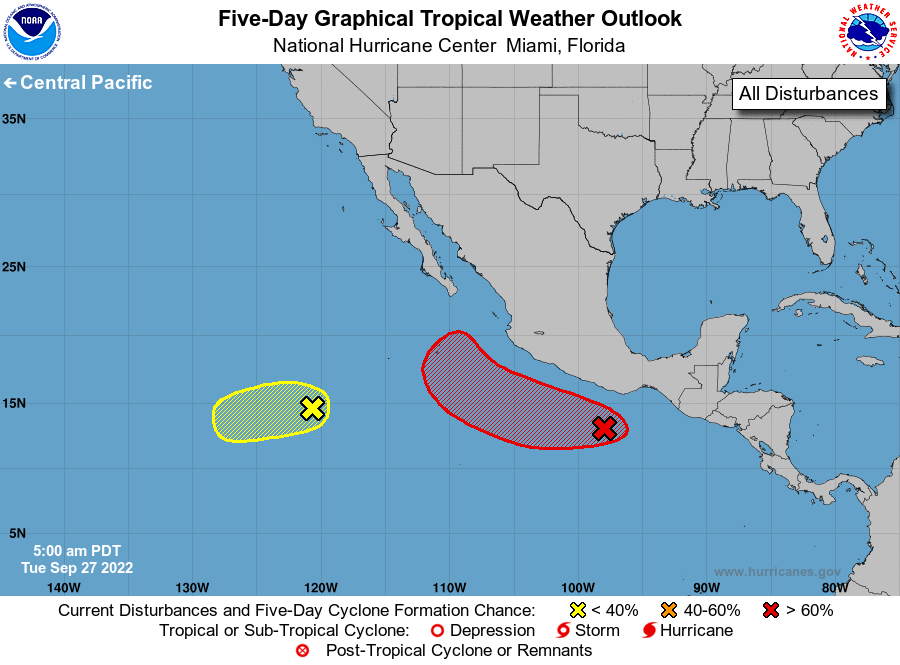
For the eastern North Pacific...east of 140 degrees west longitude:

1. South of the Southern Coast of Mexico: An area of low pressure located south of the southern coast of Mexico is producing a broad area of disorganized showers and thunderstorms. Environmental conditions are expected to be conducive for additional development, and a tropical depression is likely to form by the end of this week while the system moves generally westward to west-northwestward off the coast of southern and southwestern Mexico.
* Formation chance through 48 hours...low...30 percent.
* Formation chance through 5 days...high...70 percent.

2. Western East Pacific: A small area of low pressure, the remnants of Newton, continues to produce occasional bursts of disorganized showers and thunderstorms. Some slow development of this system is possible over the next couple of days as it moves generally westward over the western portion of the East Pacific basin. By late this week, environmental conditions are expected to become unfavorable for further development.
* Formation chance through 48 hours...low...20 percent.
* Formation chance through 5 days...low...20 percent.

Forecaster Papin